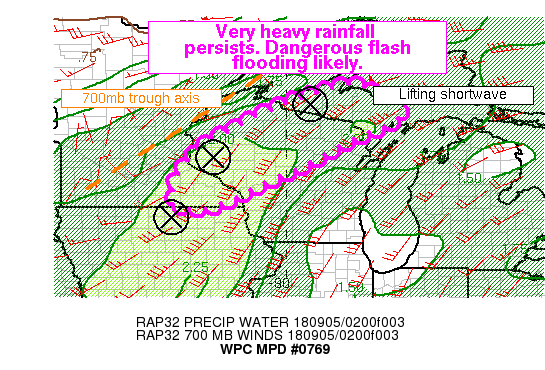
Areas affected...Southeast MN into North-Central WI and the U.P.
of MI

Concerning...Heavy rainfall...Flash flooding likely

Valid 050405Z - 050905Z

Summary...Flash flooding ongoing will likely become more
widespread and significant over the next several hours. Bands of
heavy rain from thunderstorms will persist and likely increase in
coverage while training to the northeast through parts of central
Wisconsin and the Upper Peninsula of Michigan. Upstream rainfall
of 3-6 inches is indicative of the potential through the threat
area, and flash flooding is likely overnight.

Discussion...Satellite and radar imagery confirm clusters of heavy
showers and thunderstorms oriented NE to SW from N Central
Wisconsin through SE Minnesota, northern Iowa, and into Nebraska
and Kansas. The heaviest rainfall is lifting into the threat area,
and the latest radar estimates indicate rainfall rates of 1-2
inches per hour as seen from the KARX WSR-88D. Recently, a
rainfall observation of 6 inches was reported near Fall Creek
which is evidence of the potential through the overnight period.

This cluster of convection is likely to persist and intensify
during the next few hours in a very dynamic environment. Strong
300mb jet level diffluence is evident on GOES-E WV imagery, which
combined with PVA ahead of a shortwave lifting across the area and
convergence ahead of a 700mb trough axis will drive strong omega
through much of the column. At the same time, the latest RAP
soundings depict 850mb winds increasing to 30-40 kts, driving
strong moist air advection with PWATs rising above 2 inches in the
pre convective environment. This WAA will combine with increasing
FGEN between 850-700mb and the right rear quadrant of the upper
jet impinging on the area to drive strong lift, aided additionally
by MLCape over 1000 J/kg.

Although 0-6km storm motions are forecast to increase to near 40
kts, forward propagating corfidi vectors are aligned nearly
parallel to the mean storm motion, suggesting that training of
thunderstorms is likely. Latest high-res guidance is in good
agreement that widespread 3-5" of rainfall will occur, in a few
places potentially in as little as 2 hours, which far exceeds the
local 3-hr FFG guidance of 1.5 to 2.5 inches. Locally, more than
6" of rainfall is possible, and flash flooding may become
significant if these higher rainfall totals are reached.